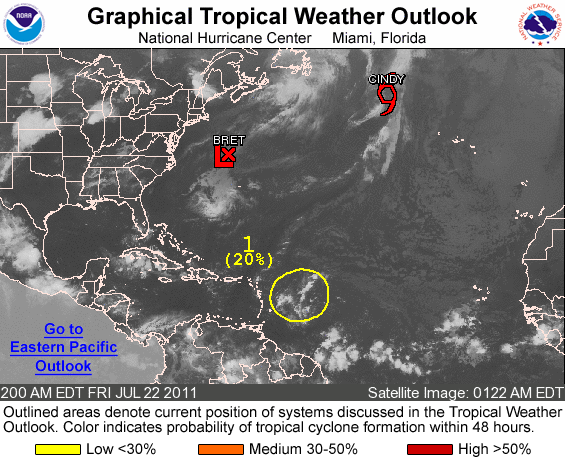
FOR THE NORTH ATLANTIC...CARIBBEAN SEA AND THE GULF OF MEXICO...

THE NATIONAL HURRICANE CENTER IS ISSUING ADVISORIES ON TROPICAL STORM CINDY...LOCATED ABOUT 910 MILES WEST-NORTHWEST OF THE AZORES. ADVISORIES ARE ALSO BEING ISSUED ON TROPICAL STORM BRET...LOCATED ABOUT 295 MILES NORTHWEST OF BERMUDA.

1. A TROPICAL WAVE LOCATED ABOUT 500 MILES EAST OF THE WINDWARD ISLANDS IS PRODUCING SCATTERED SHOWERS AND A FEW THUNDERSTORMS. UPPER-LEVEL WINDS ARE EXPECTED TO GRADUALLY BECOME A LITTLE MORE CONDUCIVE FOR SOME SLOW DEVELOPMENT OF THIS DISTURBANCE OVER THE NEXT COUPLE OF DAYS. THIS SYSTEM HAS A LOW CHANCE...20 PERCENT...OF BECOMING A TROPICAL CYCLONE DURING THE NEXT 48 HOURS AS IT MOVES TOWARD THE WEST-NORTHWEST AT 15 TO 20 MPH. REGARDLESS OF DEVELOPMENT...BRIEF PERIODS OF LOCALLY HEAVY RAINFALL AND GUSTY WINDS ASSOCIATED WITH THIS WAVE COULD BEGIN SPREADING ACROSS PORTIONS OF THE LESSER ANTILLES THIS AFTERNOON AND INTO TONIGHT.

ELSEWHERE...TROPICAL CYCLONE FORMATION IS NOT EXPECTED DURING THE NEXT 48 HOURS.

FORECASTER STEWART